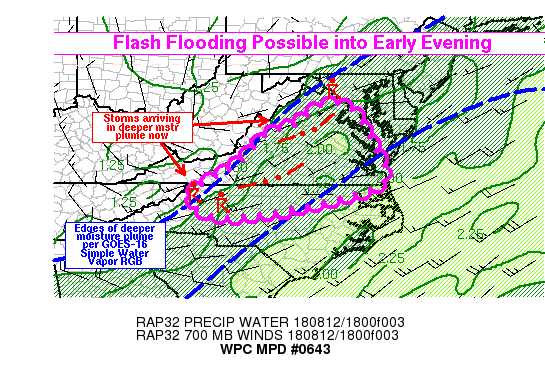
Areas affected...Virginia, Northern North Carolina

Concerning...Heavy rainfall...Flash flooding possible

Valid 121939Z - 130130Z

Summary...Several lines and clusters of storms continue to make
eastward progress into Virginia. They should continue to push east
to the Tidewater region this evening, and build into northern
North Carolina. These storms may produce rain rates of around 2
in/hr at times and the potential for flash flooding, particularly
if aligned with urban areas.

Discussion...Regional radars showed several organized convective
clusters and lines pushing into central Virginia now, and they
were beginning to arrive in a plume of deeper moisture. As
indicated by the GOES-16 Simple Water Vapor and Air Mass RGBs,
this plume of deeper moisture was centered on Virginia as well as
central North Carolina, with some drier air to the west, and drier
air aloft in eastern North Carolina. The deeper moisture should
support rain rates to around 2 in/hr in some cases, which could
cause flash flooding. Some of the lines of thunderstorms, though,
were showing signs of increased forward propagation, especially
the one approaching Fredericksburg as of 1930Z. This may reduce
the flash flood threat somewhat. However, with access to strong
instability (MLCAPE 2000-2500 j/kg) and around 40 knots of
effective deep layer shear, thunderstorms should remain relatively
organized and continue to push east and southeast into the early
evening hours.

One area to watch would be around Richmond, where the 12Z HREF
blended mean rainfall from 21-03Z is around 3 inches, with around
one-quarter of the members showing rainfall in excess of 5 inches.
Accelerating compact storm cluster to the north could reinforce a
thunderstorm outflow boundary near the I-64 corridor and
potentially aid in focusing training convection later in the
afternoon or early in the evening.